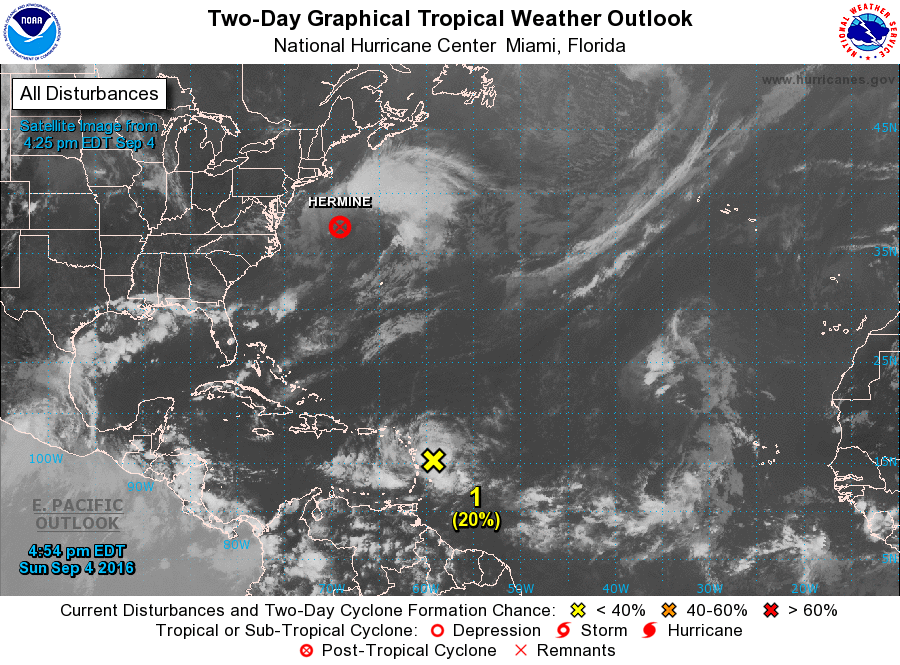
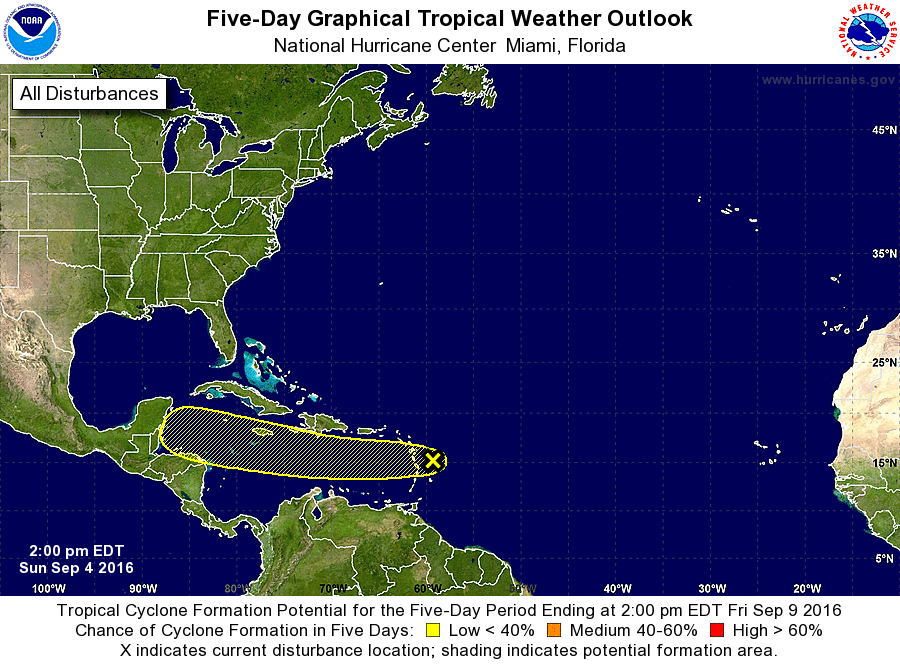
For the North Atlantic...Caribbean Sea and the Gulf of Mexico:

The National Hurricane Center is issuing advisories on Post-Tropical Cyclone Hermine, located off of the mid-Atlantic coast of the United States.

1. A tropical wave, accompanied by a broad area of low pressure, is moving across the Lesser Antilles. This wave continues to produce a large area of showers and thunderstorms and gusty winds. Significant development of this system appears unlikely while it moves westward at 15 to 20 mph across the Caribbean Sea during the next several days. Regardless of whether or not development occurs, this wave will continue to produce locally heavy rainfall and gusty winds over portions of the Lesser Antilles through early Monday and should spread over Puerto Rico and Hispaniola during the next couple of days.
* Formation chance through 48 hours...low...20 percent
* Formation chance through 5 days...low...30 percent

Forecaster Cangialosi